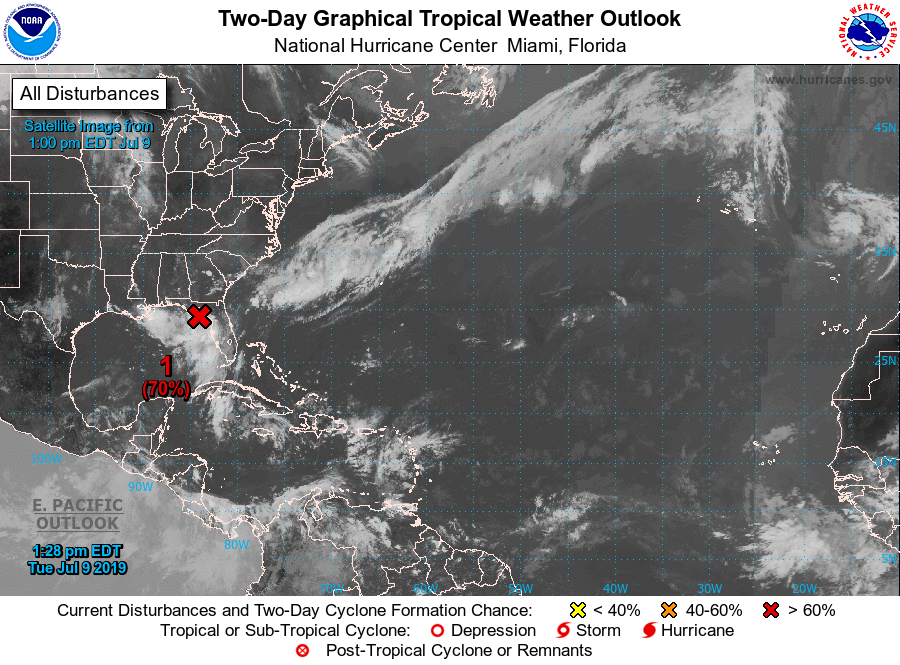
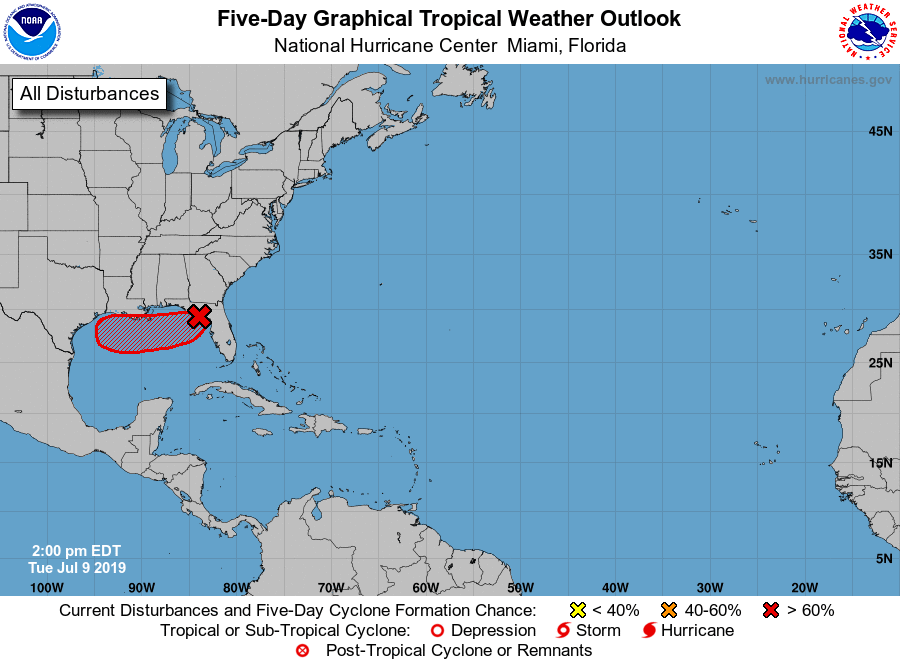
For the North Atlantic...Caribbean Sea and the Gulf of Mexico:

1. A broad low pressure area has emerged over Apalachee Bay in the northeastern Gulf of Mexico. Environmental conditions are expected to be conducive for tropical cyclone formation and development over the next several days, and a tropical depression is likely to form by late Wednesday or Thursday while the system moves westward across the northern Gulf of Mexico. An Air Force Reserve Unit reconnaissance aircraft is scheduled to investigate the low on Wednesday, if necessary. This disturbance has the potential to produce heavy rainfall from the Upper Texas Coast to the Florida Panhandle during the next several days. In addition, this system could produce wind and storm surge impacts later this week or this weekend from Louisiana to the Upper Texas coast, and interests along the Gulf Coast should continue to monitor its progress. For more information, please see products issued by your local weather forecast office and the NOAA Weather Prediction Center.
* Formation chance through 48 hours...high...70 percent.
* Formation chance through 5 days...high...80 percent.

Forecaster Stewart